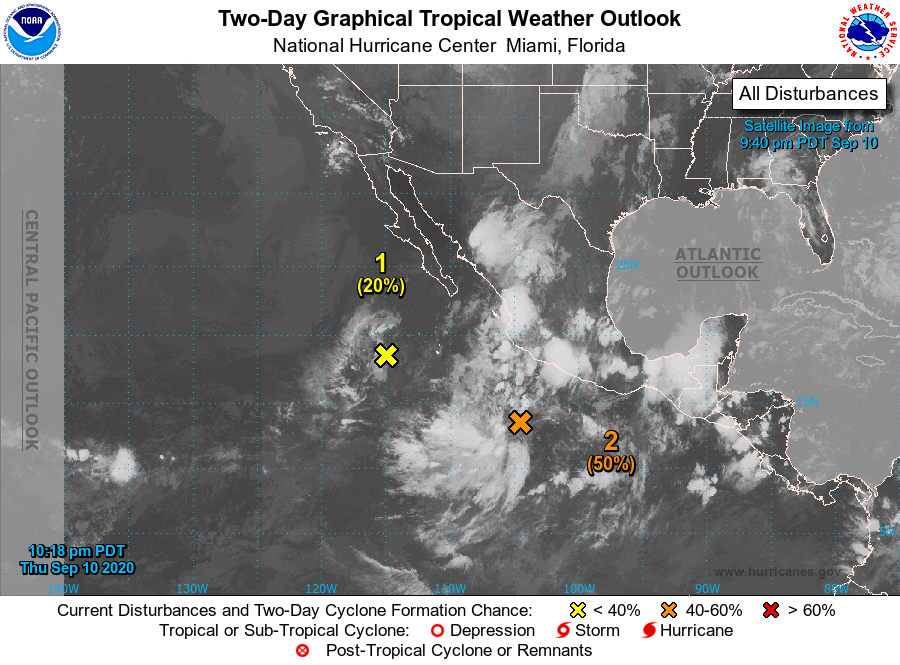
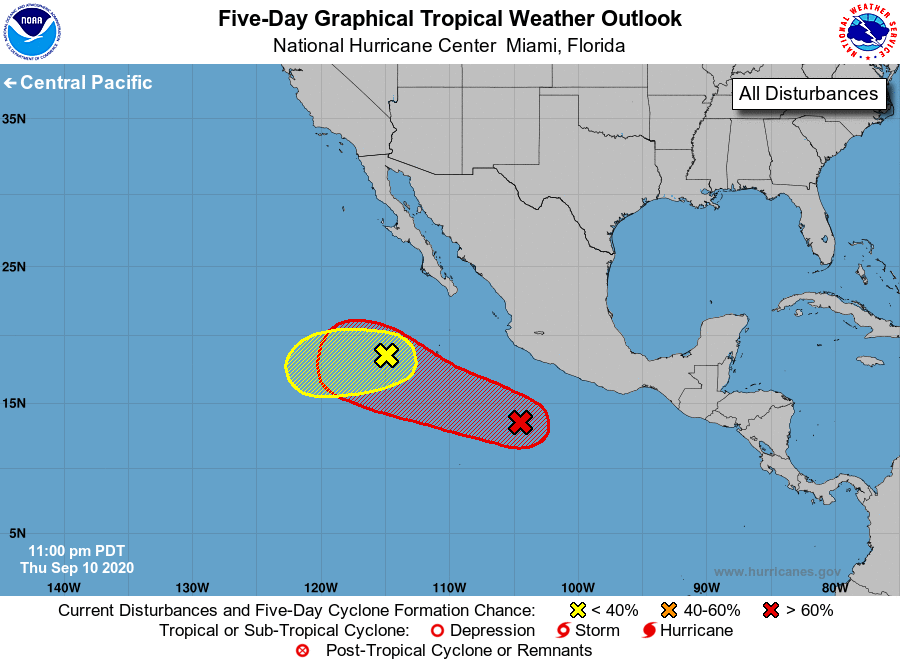
For the eastern North Pacific...east of 140 degrees west longitude:

1. Shower activity associated with a low pressure area located a little less than 400 miles southwest of the southern tip of the Baja California peninsula has diminished considerably during the past several hours. Some development of this system, however, is still possible during the next couple of days before it interacts with, and possibly becomes absorbed by, a larger weather disturbance to its east.
* Formation chance through 48 hours...low...20 percent.
* Formation chance through 5 days...low...20 percent.

2. A broad area of low pressure located about 300 miles south-southwest of the coast of southwestern Mexico continues to produce a large area of disorganized showers and thunderstorms. Environmental conditions appear conducive for development of this system, and a tropical depression is likely to form over the weekend or early next week while the system moves west-northwestward at 10 to 15 mph away from the coast of Mexico.
* Formation chance through 48 hours...medium...50 percent.
* Formation chance through 5 days...high...70 percent.

Forecaster Roberts